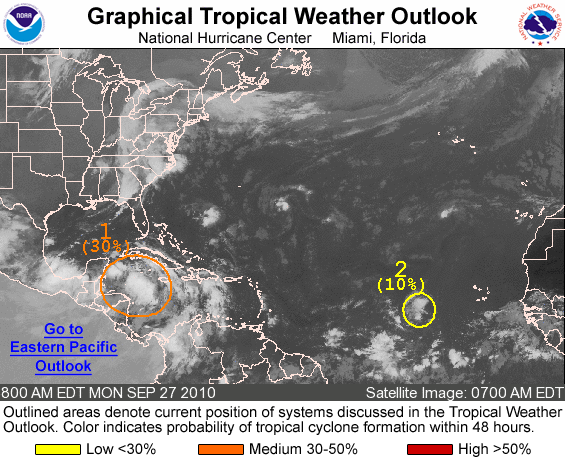
FOR THE NORTH ATLANTIC...CARIBBEAN SEA AND THE GULF OF MEXICO...

1. DISORGANIZED CLOUDINESS AND THUNDERSTORMS OVER THE NORTHWESTERN CARIBBEAN SEA ARE ASSOCIATED WITH A BROAD AREA OF LOW PRESSURE. ENVIRONMENTAL CONDITIONS APPEAR FAVORABLE FOR GRADUAL DEVELOPMENT OF THIS SYSTEM DURING THE NEXT COUPLE OF DAYS AS IT DRIFTS NORTHWARD. THERE IS A MEDIUM CHANCE...30 PERCENT...OF THIS SYSTEM BECOMING A TROPICAL CYCLONE DURING THE NEXT 48 HOURS.

2. A SMALL...SLOW-MOVING...LOW PRESSURE SYSTEM LOCATED ABOUT 725 MILES WEST-SOUTHWEST OF THE CAPE VERDE ISLANDS IS PRODUCING DISORGANIZED SHOWERS AND THUNDERSTORMS. DEVELOPMENT...IF ANY...OF THIS SYSTEM IS EXPECTED TO BE SLOW TO OCCUR. THERE IS A LOW CHANCE...10 PERCENT...OF THIS SYSTEM BECOMING A TROPICAL CYCLONE DURING THE NEXT 48 HOURS.

ELSEWHERE...TROPICAL CYCLONE FORMATION IS NOT EXPECTED DURING THE NEXT 48 HOURS.

FORECASTER PASCH